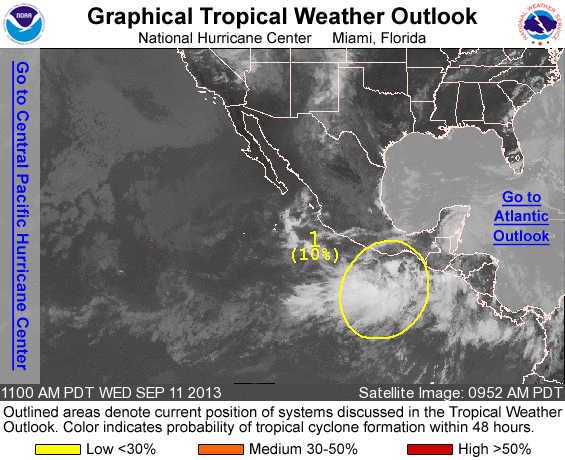
FOR THE EASTERN NORTH PACIFIC...EAST OF 140 DEGREES WEST LONGITUDE..

1. A BROAD AREA OF LOW PRESSURE HAS FORMED JUST SOUTH OF THE GULF OF TEHUANTEPEC. THE LOW IS ACCOMPANIED BY DISORGANIZED CLOUDINESS AND THUNDERSTORMS AND IS FORECAST TO MOVE LITTLE DURING THE NEXT FEW DAYS. THIS DISTURBANCE HAS A LOW CHANCE...10 PERCENT...OF BECOMING A TROPICAL CYCLONE DURING THE NEXT 48 HOURS...AND A LOW CHANCE...20 PERCENT...OF BECOMING A TROPICAL CYCLONE DURING THE NEXT 5 DAYS. REGARDLESS OF DEVELOPMENT...THIS SYSTEM IN COMBINATION WITH ANOTHER DISTURBANCE EXPECTED TO BE IN THE BAY OF CAMPECHE...WILL BRING HEAVY RAINS TO PORTIONS OF EASTERN MEXICO FOR THE NEXT SEVERAL DAYS.

FIVE-DAY FORMATION PROBABILITIES ARE EXPERIMENTAL IN 2013. COMMENTS ON THE EXPERIMENTAL FORECASTS CAN BE PROVIDED AT...

HTTP://WWW.NWS.NOAA.GOV/SURVEY/NWS-SURVEY.PHP?CODE=ETWO

FORECASTER AVILA